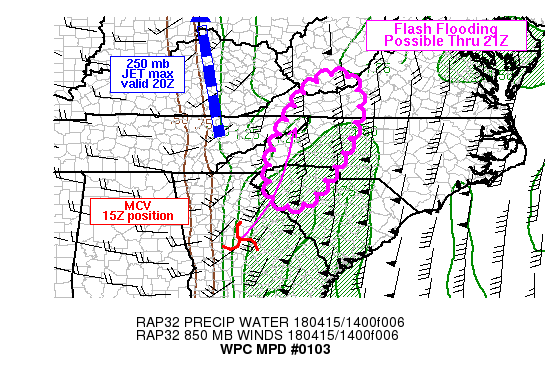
AREAS AFFECTED...WRN SC/NC/VA INTO SRN WV

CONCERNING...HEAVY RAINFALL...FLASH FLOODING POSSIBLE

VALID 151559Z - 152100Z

SUMMARY...FLASH FLOODING WILL BE POSSIBLE ACROSS PARTS OF WRN
SC...WRN NC...WRN VA INTO SRN WV WITH RAINFALL RATES OF 1-2 IN/HR
AND PERIODS OF TRAINING THROUGH 21Z. 6 HR RAINFALL TOTALS OF 3-5
INCHES WILL BE POSSIBLE WHERE IDEAL CELL TRAINING DEVELOPS.

DISCUSSION...REGIONAL RADAR IMAGERY THROUGH 15Z SHOWED A
NORTH-SOUTH ORIENTED AXIS OF RAINFALL WITH EMBEDDED CONVECTION
EXTENDING FROM WRN NC SOUTHWARD INTO E-CNTRL GA. AN MCV WAS
EMBEDDED WITHIN THIS LINE OVER N-CNTRL GA AS OF 15Z...TRACKING
TOWARD THE NORTH-NORTHEAST WITH THE KJGX VAD WIND PLOT SHOWING AN
INCREASE IN 850 WIND SPEED FROM 50 TO 65 KT AHEAD OF THE MESOSCALE
CIRCULATION. A FEW NARROW LINES OF HEAVY RAIN HAVE ALREADY BEEN
OBSERVED VIA KGSP DUAL POL RADAR NEAR THE WRN NC/SC BORDER WITH 1
HR ESTIMATED RAIN RATES IN THE 1-1.5 IN/HR RANGE...CONFIRMED BY
ONE OR TWO NEARBY LOCAL SURFACE OBSERVATIONS THROUGH 14Z. WHILE
THESE HARROW LINES OF HEAVY RAIN HAVE GENERALLY BEEN PROGRESSIVE
OFF TO THE EAST...THERE IS SOME CONCERN FOR SLOWING OVER THE NEXT
FEW HOURS OR AT LEAST FOR REPEATING ROUNDS OF HEAVY RAIN.

AS AN UPPER LEVEL TROUGH AXIS CURRENTLY OVER THE LOWER MS VALLEY
MOVES EASTWARD THIS AFTERNOON...ITS DEGREE OF NEGATIVE TILT WILL
INCREASE ALLOWING FOR INCREASING UPPER LEVEL DIFFLUENCE AND
DIVERGENCE OVER THE CNTRL/SRN APPALACHIANS INTO THE
PIEDMONT...WITHIN THE RIGHT ENTRANCE REGION OF A 110-130+ KT JET
CORE OVER THE OHIO VALLEY. ENHANCED LOW LEVEL FLOW AHEAD OF THE
MCV IS EXPECTED TO ALLOW FOR BETTER CHANCES FOR THE CONVECTIVE
LINE TO TRAIN ALONG AS SPEEDS EXCEED THE 0-6 KM MEAN FLOW...ALONG
WITH AN INCREASED UPSLOPE COMPONENT INTO THE UPSLOPE FAVORED
TERRAIN OF THE PIEDMONT AND APPALACHIANS.

WHILE INSTABILITY IS ONLY EXPECTED TO INCREASE MARGINALLY INTO THE
AFTERNOON...WITH 250-750+ J/KG MUCAPE FORECAST BY THE RAP THROUGH
21Z...THE DEGREE OF MOISTURE ALREADY IN PLACE HAS PROVED TO BE
SUFFICIENT TO SUSTAIN RAIN RATES IN EXCESS OF 1 IN/HR SO ANY
INCREASES TO CAPE SHOULD ONLY ENHANCE RAINFALL INTENSITY.
LOCALIZED 3-5 INCH TOTALS ARE EXPECTED WHERE IDEAL CELL TRAINING
DEVELOPS.